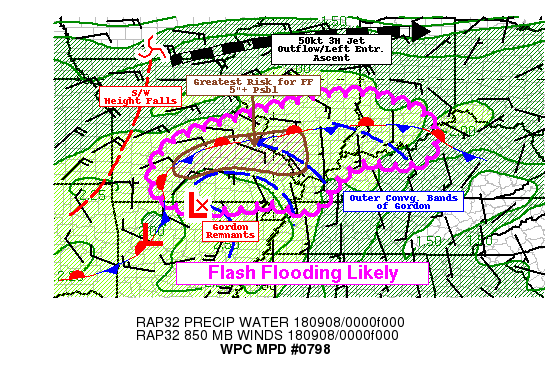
Areas affected...Southern MO...Southern IL...Southern
IND...Northern/Western KY...Ext Northern AR/TN...

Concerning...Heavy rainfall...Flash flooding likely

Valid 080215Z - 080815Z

SUMMARY...Outer bands of remnants of Gordon intersecting with
frontal zone enhancing convergence/convection and threat for
continued likely flash flooding.

DISCUSSION...Remote sensors and observations show the remnant low
center of Gordon in far north central Arkansas lifting into MO.
At least 3 maybe 4 convergence outer bands within the northeast
quadrant act as a focus for convective development/moisture
pooling within the warm sector.  Low level southerly/southeasterly
flow along these bands are also starting to intersect with a
slowly southward sagging stationary front that extends from near
CVG to LWV to BLV to VIH, before draping over the center of Gordon
and angling south into far NW AR.  Mid-level baroclinic trof is
also starting to dig with left exit region to the jet broadly over
the entire length of the frontal zone providing excellent
ascent/outflow evacuation for convective development.   Warm
sector can be denoted by mid-70s temps and Tds in the low 70s and
with mild mid-level cooling lapse rates, supporting MLCAPEs to
1500 J/kg even as the solar isolation is gone.  Moisture flux with
saturated profiles over 5H per surrounding 00z RAOBs and RAP
soundings, have led to total PWATs in the range of 2.25-2.4" near
the core of Gordon and to the northeast.

Freezing/melting layer well above 14kt feet with a bulk of updraft
in the collision/coalescence warm cloud process zone, allowing for
highly efficient rainfall generation and rates of 2"/hr.   It is
at the intersections of the bands and the front though that
flux/mergers will increase rates to 2.5-3"/hr and pose the
greatest risk areas for likely flash flooding, particularly the
inner most band where winds are increased slightly nearly near
SAR/FAM/BLV vicinity.  Eventually, the inner most band of Gordon
will rotate and merge/parallel the front from SGF to FAM and with
that moisture flux convergence should pose a likely flash flooding
setup with 3-5" totals likely with higher amounts possible in the
next 6hrs.

Further east across SW IND/SE IL/N central KY...cells are a bit
more scattered with a bit less wind convergence (departure from
best height falls further west) and deeper moisture.  Still, the
rainfall efficiency and cell mergers will also pose a threat for
flash flooding, though RADAR presentation is a bit less
impressive.